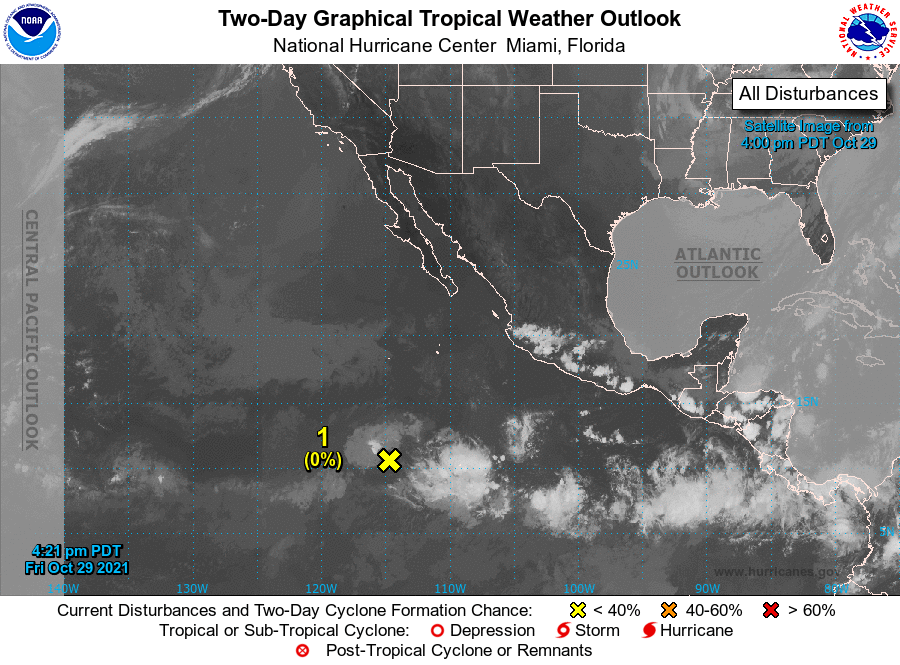
For the eastern North Pacific...east of 140 degrees west longitude:

1. A small and weak area of low pressure located about 900 miles south-southwest of the southern tip of the Baja California peninsula is producing limited shower activity. Development of this system is not expected while it drifts southeastward during the next couple of days.
* Formation chance through 48 hours...low...near 0 percent.
* Formation chance through 5 days...low...near 0 percent.

Forecaster Berg